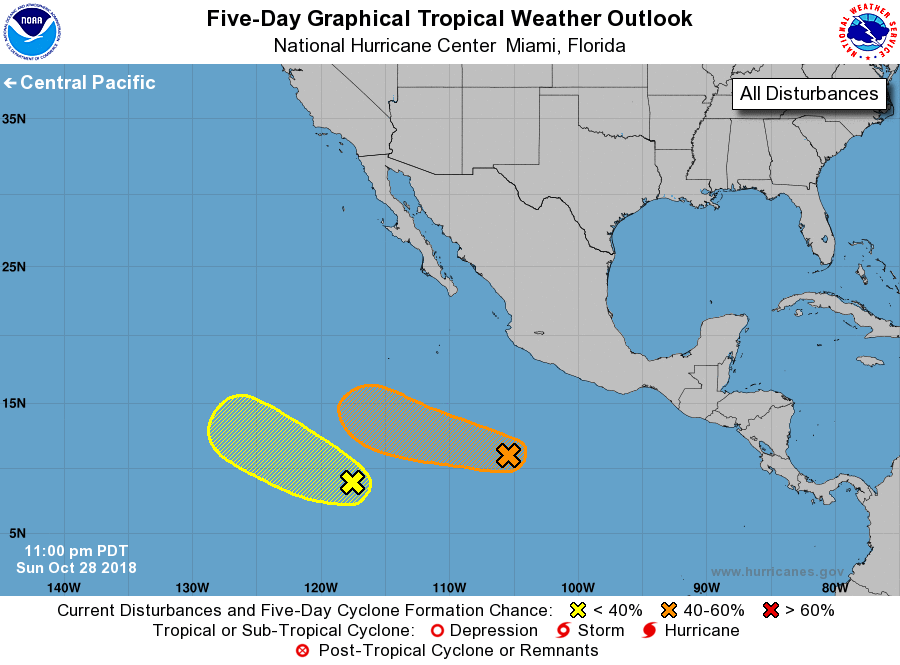
For the eastern North Pacific...east of 140 degrees west longitude:

1. An elongated area of low pressure is located several hundred miles south of Manzanillo, Mexico. Upper-level winds are marginally conducive, and a tropical depression could form during the next couple of days while the system moves westward at about 10 mph.
* Formation chance through 48 hours...medium...50 percent.
* Formation chance through 5 days...medium...60 percent.

2. An area of low pressure located about 1100 miles south-southwest of the southern tip of the Baja California peninsula continues to produce disorganized shower activity. Some slow development of this system is possible over the next several days while the low moves toward the west or west-northwest at about 10 mph.
* Formation chance through 48 hours...low...10 percent.
* Formation chance through 5 days...low...30 percent.

Forecaster Pasch